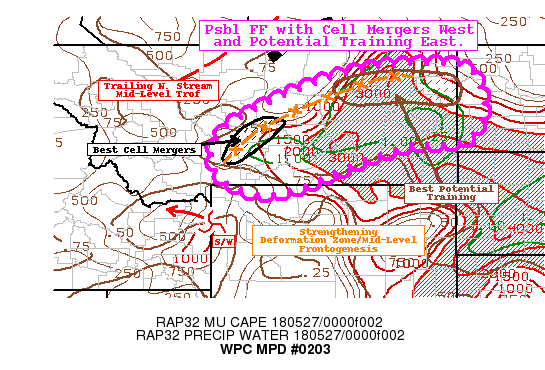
AREAS AFFECTED...CENTRAL AND EASTERN MT...EXT NORTHWEST WY

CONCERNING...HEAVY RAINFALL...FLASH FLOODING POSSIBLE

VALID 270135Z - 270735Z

SUMMARY...CELL MERGERS WITHIN DEFORMATION ZONE AND POTENTIAL
TRAINING CELLS IN E MT POSE POSSIBLE FF RISK THROUGH THE EARLY
OVERNIGHT HOURS.

DISCUSSION...VERY DYNAMIC SETUP ACROSS THE HIGH PLAINS AND
NORTHERN ROCKIES AS STRONG SHORTWAVE IS LIFTING NORTH OUT OF WY
SET TO ROTATE/STALL ON THE NORTHEAST PERIPHERY OF THE LARGER SCALE
CLOSED LOW OVER THE GREAT BASIN.  STRONG SHORTWAVE CROSSING
SOUTHERN CANADA WITH THE TAIL END OF THE TROF EXTENDS SOUTHWEST
INTO N CENTRAL MT.  THE COMBINATION OF FLOW REGIMES HAS SET UP A
SOLID CONVERGENCE ZONE ALONG THE 8-7H FROM NEAR YELLOWSTONE TO NE
MT ATTM.  THIS HAS ALLOWED FOR POOLING MID-LEVEL MOISTURE TO RAISE
PRECIPITABLE WATER VALUES AT OR SLIGHTLY ABOVE 1". THOUGH LOW
LEVEL ENVIRONMENT IS A BIT DRIER PARTICULARLY ACROSS SOUTH CENTRAL
MT INTO NW WY WHERE RIW 00Z SOUNDING IS A BIT TOO DRY WITH STRONG
INVERTED V LOW LEVEL ENVIRONMENT. WHILE THIS MAY NOT BE TRULY
REPRESENTATIVE OF THE ENVIRONMENT NEAR THE SW PORTION OF THE MPD
AREA GIVEN SLIGHTLY HIGHER TDS IN THE LOW 50S PER RECENT SFC
OBS...CONVECTION HERE HAS MORE OF A CAPABILITY FOR HIGH BASES AND
CELLS SPLITS REDUCING THE THREAT FOR HIGH RAIN RATES.  GOES-16
VISIBLE DOES SHOW THAT THERE IS SUFFICIENT INSTABILITY AND
RESILIENCY FOR ADDITIONAL NEW DEVELOPMENT/OVERSHOOTING
TOPS...MARCHING TOWARD THE DEFORMATION ZONE.   CURRENT RADAR AND
SATELLITE SUGGESTS CELL MERGERS ARE LIKELY ESPECIALLY IN
WHEATLAND/GOLDEN VALLEY COUNTY.  THIS SHOULD LOCALLY INCREASE RAIN
FALL TOTALS NEAR 1-1.25" IN THE NEXT HOUR OR SO WHICH NEARS
COMPROMISED LOW FFG VALUES IN THE REGION.

FURTHER NORTHEAST...STRONGER DAYTIME HEATING AND MID-LEVEL COOLING
AND HIGH MID-LEVEL MOISTURE NOTED IN 00Z TFX/GGW SOUNDINGS SUPPORT
STRONGER UPDRAFTS WHERE SBCAPES UP TO 2500 J/KG AND RAP ANALYSIS
SUGGESTS VALUES TO 5000 J/KG EVEN FURTHER SOUTH IN SE MT.  WHILE
FLOW IS GENERALLY WEAK IN THE MID-LEVELS BUT ALSO GENERALLY
UNIDIRECTIONAL...UPPER LEVEL FLOW DUE TO PROXIMITY TO JET FURTHER
NORTH AND BEING SLIGHTLY EAST OF THE MEAN S/W RIDGING ACROSS THE
DAKOTAS TO NE WY SUPPORTING GOOD UPPER LEVEL ASCENT FROM
DIVERGENCE.  WITH UPSTREAM CONVECTIVE DEVELOPMENT WITHIN THE
DEFORMATION ZONE/CONVERGENCE ZONE AND MEAN CELL MOTIONS TO THE
ENE/E...THERE IS A POTENTIAL FOR TRAINING OF CELLS ACROSS NE MT
INTO W NDAK INTO THE EARLY OVERNIGHT HOURS.  THE INCREASED
MOISTURE OF 1.1-1.2" TPWS AND STRONGER UPDRAFTS SHOULD SUPPORT
RATES UP TO 1.25"/HR.  COMBINING THE TRAINING AND RATES ALSO
SUGGEST POSSIBLE ECLIPSING OF LOW FFG VALUES (ABOUT 1.25 IN 3HRS).
 A LIMITING FACTOR IS GOING TO BE RELATED TO STRENGTH OF COLD
FRONT PRESSING THROUGH E MT AS SUGGESTED BY THE RAP AND OTHER
HI-RES CAMS...THIS MAY REDUCE DEW POINT DEPRESSIONS AND REDUCE
SUB-CLOUD EVAPORATION BUT ALSO SHOULD REDUCE SOME SELY SUB-CLOUD
INFLOW AT 850 BUT ALSO MOVE AWAY FROM STRONGEST
CONVERGENCE/CONFLUENCE ALONG THE DEFORMATION ZONE FROM SWLY OR
WESTERLY 7H MST FLUX.  HI-RES CAM NEIGHBORHOOD FFG EXCEEDANCE
PROBABILITIES WILL MAXIMIZE AROUND 20-30% AROUND 06Z-08Z. AS SUCH
FLASH FLOODING IS CONCERNED POSSIBLE AND LOCALIZED.